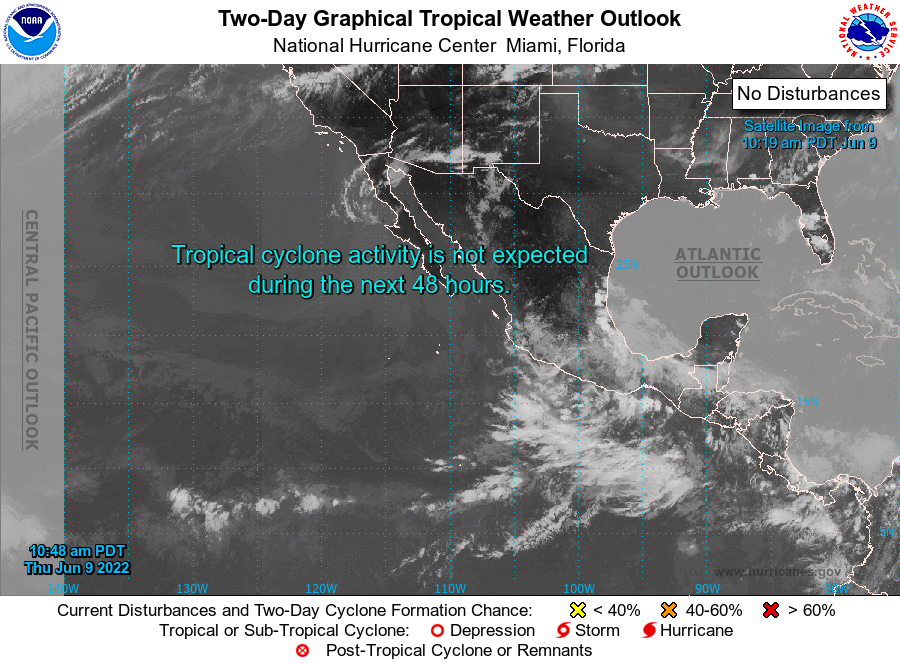
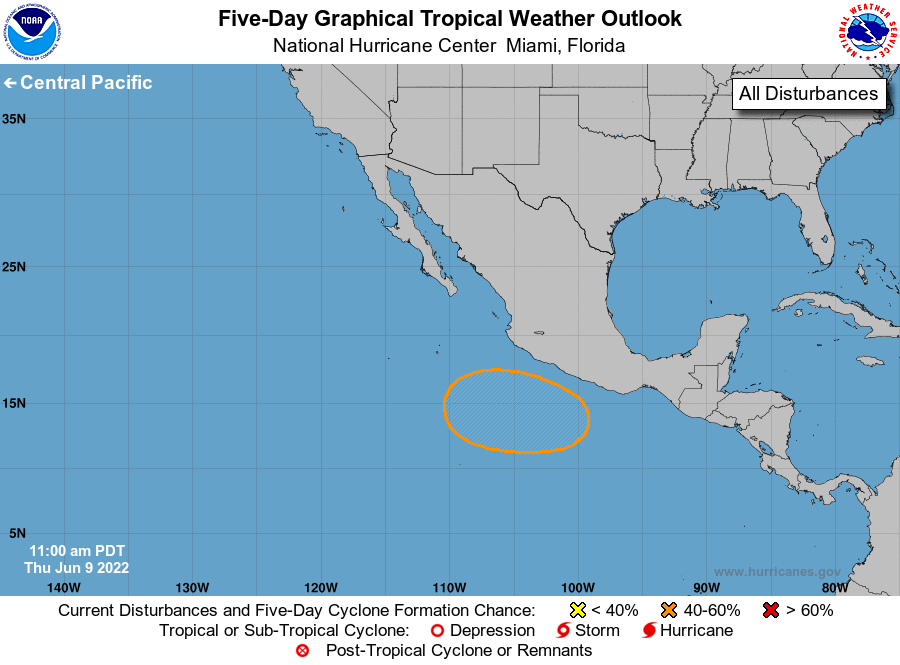
For the eastern North Pacific...east of 140 degrees west longitude:

1. Off the coast of southwestern Mexico: A broad area of low pressure is forecast to form south or southwest of the coast of southwestern Mexico during the next day or so. Gradual development of this system is possible thereafter, and a tropical depression could form this weekend or early next week while the system meanders off the southwestern coast of Mexico.
* Formation chance through 48 hours...low...near 0 percent.
* Formation chance through 5 days...medium...60 percent.

Forecaster D. Zelinsky